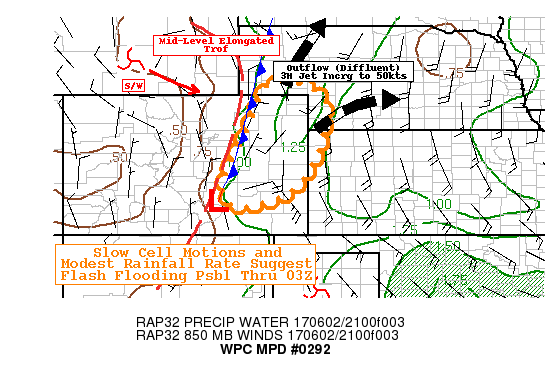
AREAS AFFECTED...EASTERN CO...SOUTHWEST NEB...EXT NORTHWEST KS

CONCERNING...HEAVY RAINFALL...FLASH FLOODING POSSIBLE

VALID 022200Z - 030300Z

SUMMARY...SLOW CELL MOTIONS WITH ANOMALOUSLY HIGH MST AVAILABILITY
MAY POSE FLASH FLOODING CONCERNS THROUGH EVENING HOURS.

DISCUSSION...GOES-16 EXPERIMENTAL WV CHANNELS DENOTE COMPLEX
MID-LEVEL INTERACTION OF SHORTWAVE ENERGIES WITHIN AN ELONGATED
TROF ALONG THE HIGH PLAINS.  A COMPACT SHORTWAVE TRANSLATING SE
OUT OF S WY PROVIDES A TIGHTENING OF TROF OVERALL WHILE PROVIDING
MODEST DPVA AS WELL AS INCREASING UPPER LEVEL JET STRENGTH FROM
30KTS TO 50KTS THAT IS MILDLY DIFFLUENT AS WELL OVER WESTERN NEB
PANHANDLE CONTRIBUTING TO LARGE SCALE ASCENT.  AT THE LOWER
LEVELS...EAST OF THE TROF FLOW IS SLIGHTLY BACKING AND INCREASING
WITH 850MB AT 25KTS ACROSS SW KS AND E CO...PROVIDING SOLID MST
FLUX STEADILY INCREASING DEEP MOISTURE FROM 1.1 TO 1.3" TPW TOWARD
00Z.  CURRENTLY VISIBLE IMAGERY AND RADAR COMPOSITE DENOTE
MULTIPLE SSW TO NNE BANDS ACTIVATING WITH THE WESTERN LINE A BIT
MORE ENHANCED AT THIS TIME GIVEN STRONGER SURFACE NWLY FLOW.
CLOUD BEARING FLOW DUE TO THE PROXIMITY OF THE ELONGATED UPPER
TROF ARE NEAR ZERO AND AS SUCH CONVECTION WILL SLOWLY ADVANCE
LIKELY MERGING WITH CONVECTION TO THE EAST.

AFTER ALL PARAMETERS ARE ACCOUNTED FOR... THERE IS NOT A STRONG
SUGGESTION FOR  EXTREME RAINFALL RATES...THOUGH GIVEN SLOW
MOTIONS/MERGERS A COMPOUNDING OVER A FEW HOURS MAY CAUSE LOCALIZED
FLASH FLOODING CONCERNS PARTICULARLY TOWARD 00Z AS ENVIRONMENTAL
MOISTURE AND WIND FLOW PARAMETERS MAXIMIZE.  HI-RES CAMS ARE
SUPPORTIVE OF THIS IDEA HOURLY TOTALS UP TO 1.5" AND OVERALL
TOTALS OF 1.5-2.5" PARTICULARLY RECENT HRRR AND ESRL HRRR V.3 RUNS
AS WELL AS THE 18Z NAM-CONEST. FLASH FLOODING THREAT IS MORE
LIKELY GREATER NORTH OF I-70 WHERE RECENT RAINFALL OVER THE LAST
FEW WEEKS HAVE WETTED SURFACE CONDITIONS POTENTIALLY MAKING THEM
MORE SUSCEPTIBLE.